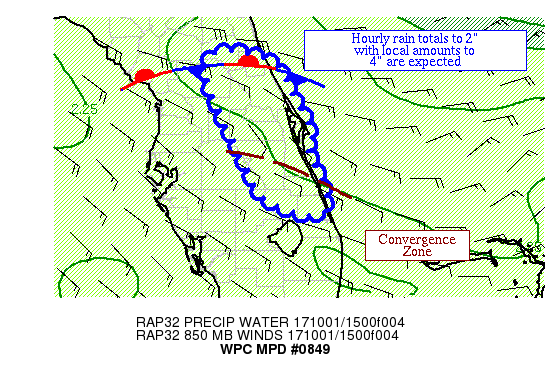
AREAS AFFECTED...PORTIONS OF EASTERN FL

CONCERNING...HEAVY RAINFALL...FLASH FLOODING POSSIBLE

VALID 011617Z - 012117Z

SUMMARY...BANDS OF SHOWERS AND THUNDERSTORMS ARE EXPECTED TO
INCREASE IN COVERAGE ACROSS EAST-CENTRAL FL.  HOURLY RAIN TOTALS
TO 2" WITH LOCAL AMOUNTS TO 4" ARE EXPECTED.

DISCUSSION...A PAIR OF SURFACE BOUNDARIES ARE EVIDENT IN GOES-16
NON-OPERATIONAL "VEGGIE BAND" IMAGERY -- THE MAIN FRONTAL ZONE
ACROSS THE NORTHERN PENINSULA AND A WEAKER SOUTHERN BAND WHICH
APPEARS TO BE A COMPOSITE BOUNDARY MADE OF OUTFLOW BOUNDARIES FROM
PREVIOUS CONVECTION, A CONVERGENT CLOUD LINE NORTH OF THE BAHAMAS,
WITH SOME CONTRIBUTION FROM A LOW CLOUD BAND APPEARING TO EMANATE
FROM ELEUTHRA ISLAND.  PRECIPITABLE WATER VALUES OF 2-2.3" WERE
NOTED IN RECENT GPS DATA.  INFLOW AT 850 HPA IS SOUTHEAST AT 15
KTS, 2-3 TIMES THE MAGNITUDE OF THE 850-400 HPA MEAN WIND.  ML
CAPE VALUES OF 500-1500 J/KG EXIST WITHIN THIS SATURATED AIR MASS.
 EFFECTIVE BULK SHEAR OF 20-25 KTS NEAR AND OFFSHORE IS LEADING TO
OCCASIONAL BANDS WHICH DEVELOP FOR AN HOUR OR TWO BEFORE FADING.

AS A WEAK LOW/INVERTED TROUGH PULLS WESTWARD ACROSS THE GULF OF
MEXICO, THE FLOW ACROSS THE FL PENINSULA SHOULD BECOME A LITTLE
MORE EASTERLY (PARTICULARLY AT 850 HPA) WHICH WOULD CAUSE THE
SURFACE BOUNDARIES TO SHIFT SLIGHTLY SOUTHWARD WITH TIME.  THE
MESOSCALE GUIDANCE HAS A GOOD SIGNAL FOR LOCAL AMOUNTS OF ABOUT 4"
IN THIS AREA OVER THE NEXT SEVERAL HOURS.  HOURLY RAIN TOTALS TO
2" ARE EXPECTED.  ML CAPE VALUES ACROSS THE REGION ARE FORECAST TO
REMAIN FAIRLY STATIC OVER THE NEXT SEVERAL HOURS.  THERE ARE SIGNS
IN RECENT RAP RUNS OF THE BOUNDARY LAYER MOISTURE CONVERGENCE
SLOWLY FALLING OFF AFTER 18Z -- USED A FIVE HOUR WINDOW TO SPLIT
THE DIFFERENCE IN THE TIMING OF ITS WEAKENING SEEN ON VARIOUS RUNS.